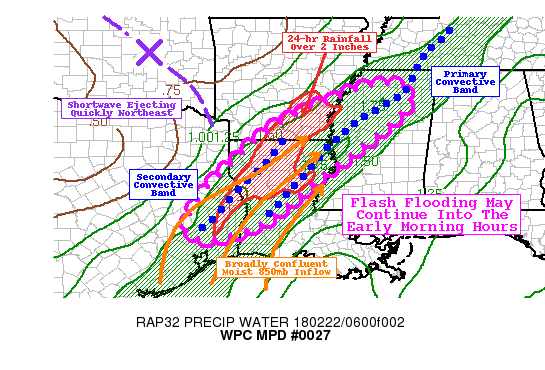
AREAS AFFECTED...EAST TX...NRN/CTRL LA...SERN AR...NWRN MS

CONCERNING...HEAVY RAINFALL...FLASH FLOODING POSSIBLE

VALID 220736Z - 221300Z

SUMMARY...CONTINUED HEAVY RAIN BANDS AND CONVECTIVE CELLS SHOULD
CONTINUE TO MOVE OVER ALREADY SATURATED GROUND INTO THE DAYBREAK
HOURS. THIS MAY ALLOW FOR ONGOING FLASH FLOODING TO PERSIST...OR
FOR LOCALIZED AREAS OF NEW FLASH FLOODING TO DEVELOP.

DISCUSSION...A VARIETY OF RAINFALL ESTIMATES (NSSL QPE, MRMS) AT
06Z INDICATED A BROAD SWATH FROM FAR EASTERN TEXAS INTO SOUTHEAST
AND SOUTH-CENTRAL ARKANSAS HAS RECEIVED AT LEAST 2 INCHES OF RAIN
IN THE PAST 24 HOURS. THE GROUND IN THIS AREA IS VERY LIKELY TO BE
SATURATED...AND ONGOING FLASH FLOOD WARNINGS AND RECENT FLASH
FLOOD REPORTS SUGGEST THAT AREAS OF FLASH FLOODING PERSIST AS OF
0730Z ACROSS PARTS OF THE REGION. GIVEN THE GROUND CONDITIONS AT
THE PRESENT TIME...ANY ADDITIONAL RAINFALL COULD AGGRAVATE
EXISTING FLOODING...OR CAUSE LOCALIZED AREAS OF NEW FLOODING TO
DEVELOP.

SOME FACTORS MAY COMBINE TO REDUCE THE OVERALL SCALE OF THE
HEAVIER (1 IN/HR OR MORE) RAIN RATES OVER THE NEXT FEW HOURS...AND
MAKE THE CONVECTIVE RAIN BANDS MORE SCATTERED IN GENERAL. A
PROMINENT MID-UPPER LEVEL PV ANOMALY CENTERED OVER OKLAHOMA IS
QUICKLY EJECTING NORTHEAST. THE ASSOCIATED NVA BEHIND THAT WOULD
TYPICALLY FAVOR SOME LARGE-SCALE SUBSIDENCE...AND THE AREA WILL
ALSO GET INTO THE RIGHT EXIT REGION OF AN UPPER LEVEL JET STREAK
AROUND 09-12Z...SOMETHING ELSE THAT WOULD FAVOR SUBSIDENCE.
FURTHERMORE...LOW-LEVEL FLOW IS PROJECTED TO BACK SLIGHTLY INTO
THE MORNING HOURS WITH 850MB WINDS BECOMING SOUTHERLY AS OPPOSED
TO SOUTHWESTERLY. THIS MAY INTRODUCE MORE DIRECTIONAL SHEAR
THROUGH THE TROPOSPHERE AND INTERRUPT THE UNIFORM FLOW THAT HAS
FAVORED TRAINING RAIN BANDS THROUGH MUCH OF THE NIGHT THUS FAR.

THAT BEING SAID...BROADLY CONFLUENT...MOIST...AND UNSTABLE
LOW-LEVEL INFLOW CONTINUES ACROSS THE OUTLINED DISCUSSION AREA.
AND REGIONAL RADARS CONTINUE TO SHOW CONVECTIVE CELLS AND SMALL
RAIN BANDS PUSHING NORTHEAST INTO THE SAME AREA. THE OVERALL
THERMODYNAMIC ENVIRONMENT IS NOT EXPECTED TO CHANGE APPRECIABLY IN
THE NEXT SIX HOURS...WITH MARGINAL INSTABILITY AND ABUNDANT DEEP
MOISTURE. GIVEN THE PRESENCE OF HEAVY RAIN BANDS AT THIS
TIME...THE OVERALL MESOSCALE ENVIRONMENT...AND THE CURRENT GROUND
CONDITIONS...FLASH FLOODING SHOULD REMAIN POSSIBLE THROUGH THE
EARLY MORNING HOURS. RAIN RATES OF UP TO 1.5 IN/HR COULD OCCUR
WITH SUFFICIENT TRAINING OF CONVECTIVE CELLS.